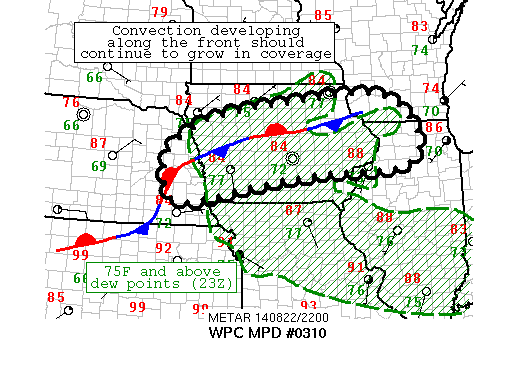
AREAS AFFECTED...EASTERN NE/IA/SOUTHWESTERN WI/NORTHERN IL...

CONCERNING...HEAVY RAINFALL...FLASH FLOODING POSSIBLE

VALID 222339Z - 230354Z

SUMMARY...WITHIN A VERY UNSTABLE ENVIRONMENT...CONVECTION
CONTINUES TO FIRE ALONG A STATIONARY BAROCLINIC ZONE STRETCHING
THROUGH CENTRAL IA. SLOW FORECAST CELL MOTIONS MAY LEAD TO
EPISODES OF TRAINING AND BACKBUILDING. CONFIDENCE IS LOW IN THE
EVOLUTION OF THIS EVENT BUT THE THREAT IS DEFINITELY THERE.

DISCUSSION...THE 23Z SURFACE ANALYSIS SHOWED A SHARP BAROCLINIC
ZONE STRETCHING THROUGH MUCH OF CENTRAL IA AND BACK DOWN INTO
SOUTHEASTERN NE AND NORTH-CENTRAL KS. STRONG LOW-LEVEL CONVERGENCE
WAS OBSERVED ALONG THE ENTIRE BOUNDARY WITH VERY HIGH MOISTURE IN
PLACE. DEWPOINTS RANGING FROM 75F TO NEARLY 80F WERE OBSERVED
ACROSS THE REGION WITHIN A VERY UNSTABLE ENVIRONMENT. THE 23Z RAP
OBJECTIVE ANALYSIS INDICATED 3000 TO 4000 J/KG OF SURFACE-BASED
CAPE ACROSS THE REGION. EXPERIMENTAL 1 MINUTE GOES-14 SUPER RAPID
SCAN IMAGERY SHOWED MUCH OF THIS CAPE IS BEING REALIZED AS A
NUMBER OF STORM UPDRAFTS CONTINUE TO GROW RAPIDLY. THE KOAX RADAR
DERIVED ECHO TOPS PROVIDE SOME TRUTH TO THE UPDRAFT STRENGTH WITH
VALUES APPROACHING 58 KFT IN THE STRONGER CORES. RADAR-DERIVED
HOURLY RATES ARE IN THE 2 TO 3 INCH RANGE WHICH SOUNDS ABOUT RIGHT
GIVEN THE MAGNITUDE OF THE UPDRAFTS AND SLOW CELL MOTIONS.

THE COMBINATION OF PWATS IN THE 2 TO 2.25 INCH RANGE WITH
INSTABILITY WHICH IS EXPECTED TO LINGER BEYOND 03Z SHOULD HELP
MAINTAIN THE ACTIVITY UNTIL AFTER DARK. THE BIGGEST ISSUE WORKING
AGAINST THIS COMPLEX IS THE WEAK LOW-LEVEL INFLOW. UNLIKE THE
PREVIOUS NIGHT WHICH HAD 30 TO 35 KNOTS OF LOW-LEVEL FLOW...THE
23Z RAP ONLY FORECASTS 10 TO 15 KNOTS THROUGHOUT THE NIGHT.
HOWEVER...THERE IS ENOUGH SIGNAL IN THE HIGH-RESOLUTION MODELS OF
HEAVY RAINFALL OVERNIGHT THAT AN MPD IS WARRANTED. FUTURE SHIFTS
WILL ASSESS THE SITUATION TONIGHT.